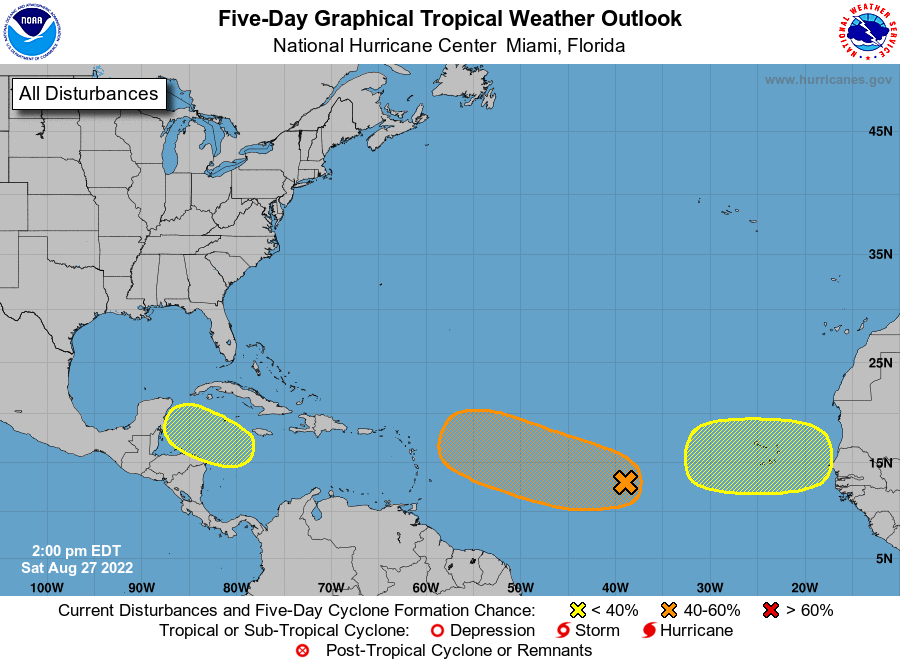
For the North Atlantic...Caribbean Sea and the Gulf of Mexico:

1. Central Tropical Atlantic: An elongated area of low pressure associated with a tropical wave over the central tropical Atlantic Ocean is producing some disorganized showers and thunderstorms. Environmental conditions are forecast to be generally favorable for some gradual development of this system over the next several days, and a tropical depression could form by the middle of next week as it moves west-northwestward at 10 to 15 mph toward the waters east of the Leeward Islands.
* Formation chance through 48 hours...low...10 percent.
* Formation chance through 5 days...medium...40 percent.

2. Northwestern Caribbean Sea: A trough of low pressure could develop over the northwestern Caribbean Sea during the early or middle part of next week. Environmental conditions could support some slow development of the system thereafter while it moves generally west-northwestward over the northwestern Caribbean Sea and toward the Yucatan Peninsula of Mexico.
* Formation chance through 48 hours...low...near 0 percent.
* Formation chance through 5 days...low...20 percent.

3. Eastern Tropical Atlantic: A tropical wave is forecast to move off the west coast of Africa early next week. Some gradual development of the system is possible during the middle of next week while it moves generally westward across the far eastern tropical Atlantic.
* Formation chance through 48 hours...low...near 0 percent.
* Formation chance through 5 days...low...20 percent.

Forecaster Reinhart